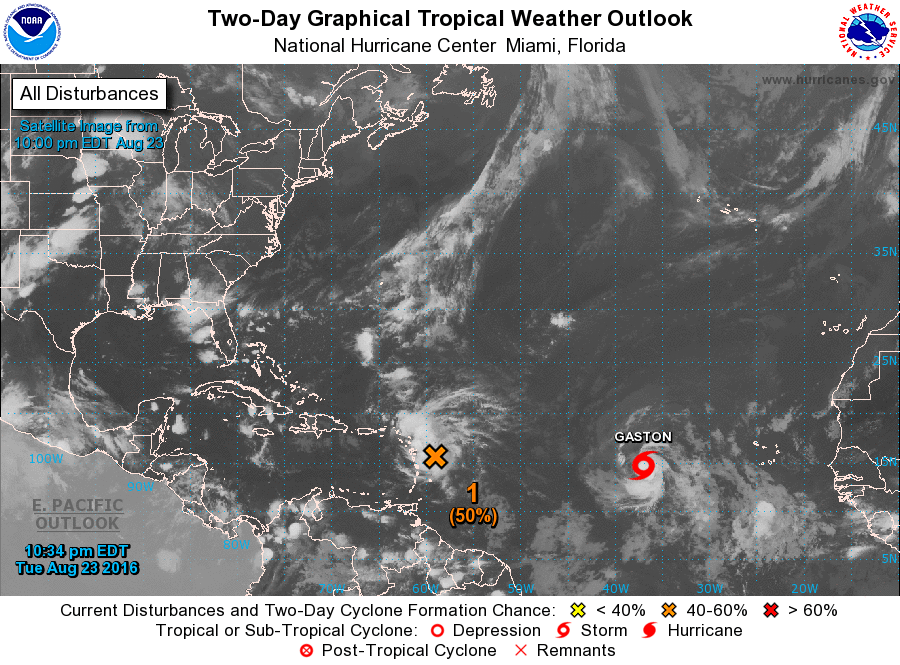
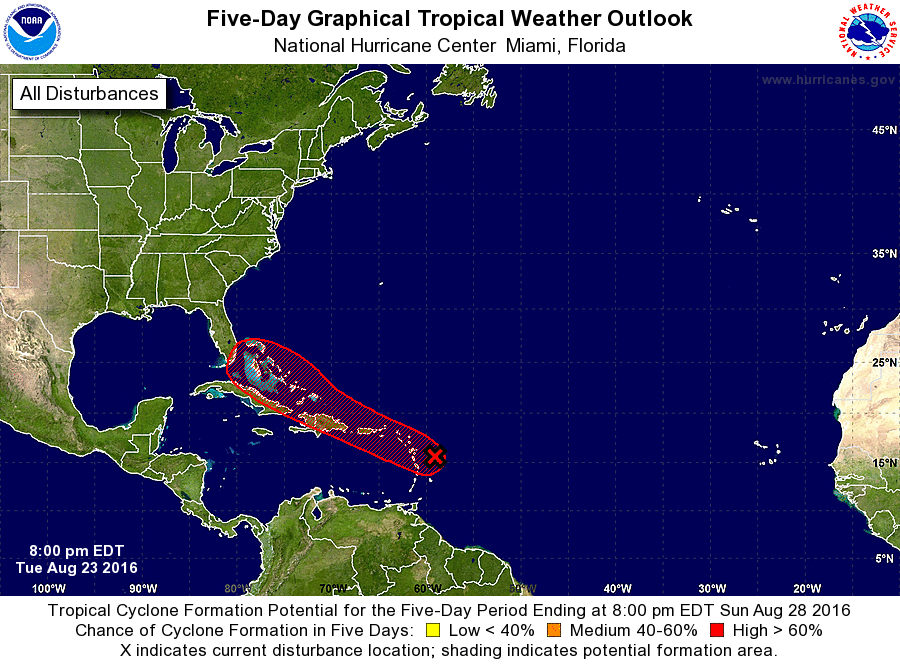
For the North Atlantic...Caribbean Sea and the Gulf of Mexico:

The National Hurricane Center is issuing advisories on Tropical Storm Gaston, located several hundred miles west of the Cabo Verde Islands.

1. Satellite images, surface observations, and radar from the Lesser Antilles indicate that a broad area of low pressure associated with a tropical wave a couple of hundred miles east of the Lesser Antilles has become a little better defined. Although environmental conditions are only marginally conducive for development, this system could become a tropical depression during the next day or two while it moves west-northwest at 15 to 20 mph near the Leeward Islands and the Greater Antilles. Conditions could become more conducive later this week while the system moves near the southeastern and central Bahamas. Another Air Force Reserve Hurricane Hunter aircraft is scheduled to investigate this disturbance tomorrow, if necessary. Interests from the islands of the northeastern Caribbean Sea to the Bahamas should continue to monitor the progress of this system. Gusty winds, heavy rains, and possible flash floods and mud slides could occur over portions of these areas regardless of tropical cyclone formation. Please consult products issued by your local meteorological offices for further details.
* Formation chance through 48 hours...medium...50 percent
* Formation chance through 5 days...high...70 percent

Forecaster Pasch